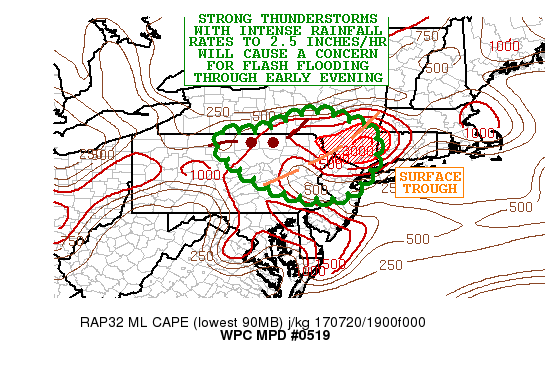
AREAS AFFECTED...SOUTHERN NY...NORTHERN/EASTERN PA...NORTHERN NJ

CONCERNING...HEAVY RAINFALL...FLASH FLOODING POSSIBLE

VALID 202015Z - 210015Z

SUMMARY...STRONG THUNDERSTORMS PRODUCING RAINFALL RATES OF UP TO
2.5 INCHES/HR WILL ADVANCE SOUTHEAST TOWARD THE POCONOS AND WILL
LIKELY IMPACT THE NYC METROPOLITAN AREA OVER THE NEXT 2 TO 3 HOURS.

DISCUSSION...A RATHER PROGRESSIVE BAND OF THUNDERSTORMS ASSOCIATED
WITH A LONG-LIVED MCS IS MOVING ACROSS SOUTHERN NY AND WILL BE
ADVANCING SOUTHEAST ACROSS AREAS OF NORTHERN AND NORTHEAST PA AND
EVENTUALLY PARTS OF FAR SOUTHEAST NY AND NORTHWEST NJ OVER THE
NEXT 2 TO 3 HOURS.

THE ENVIRONMENT AHEAD OF THE MCS IS FAVORABLE FOR ADDITIONAL
INTENSIFICATION AND ORGANIZATION OF THE CONVECTION. A DOWNSTREAM
INVERTED SURFACE TROUGH IS ENHANCING SURFACE CONVERGENCE OVER
SOUTHEAST NY AND NORTHEAST PA...AND MEANWHILE MLCAPE VALUES HAVE
INCREASED TO AS MUCH AS 1500 J/KG VIA STRONG DIURNAL HEATING.
ADDITIONALLY...A MOIST ENVIRONMENT IS IN PLACE CHARACTERIZED BY
1.5 TO 1.75 INCHES. ALREADY OBSERVED RAINFALL RATES COMING OUT OF
SOUTHERN NY ARE AS HIGH AS 2.5 INCHES/HR AND IN LINE WITH AREAS
WHERE A COUPLE OF OVERSHOOTING TOPS WERE NOTED AS SUGGESTED BY
EXPERIMENTAL GOES-16 DATA.

THESE RAINFALL RATES ARE CAUSING AREAS OF FLASH FLOODING...AND AS
THE CONVECTION ADVANCES SOUTHEAST OVER SOME OF THE HIGHER TERRAIN
OF NORTHEAST PA/NORTHWEST NJ INVOLVING THE POCONOS...THERE WILL BE
SOME ELEVATED CONCERNS FOR FLASH FLOODING HERE THROUGH THE
LATE-AFTERNOON AND EARLY EVENING HOURS. ADJACENT AREAS OF
SOUTHEAST NY NEAR THE CATSKILLS AND ALSO DOWN INTO THE MORE
URBANIZED NYC METROPOLITAN AREA SHOULD ALSO MONITOR THIS
CONVECTIVE EVOLUTION WHERE ENHANCED RUNOFF AND RESULTING FLASH
FLOODING MAY OCCUR GIVEN THE INTENSE RAINFALL RATES. THE
PROGRESSIVE NATURE OF THE MCS ACTIVITY SHOULD PRECLUDE AMOUNTS
FROM BEING TOO HEAVY...BUT STORM TOTALS OF 2 TO 3 INCHES IN JUST
ONLY A 1 TO 2 HOUR PERIOD WILL BE POSSIBLE.